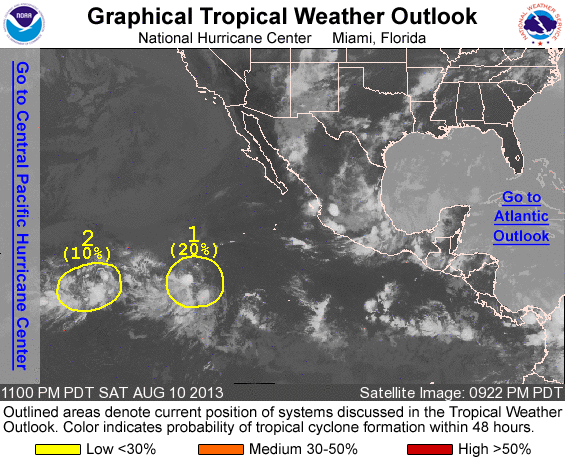
FOR THE EASTERN NORTH PACIFIC...EAST OF 140 DEGREES WEST LONGITUDE..

1. SHOWER AND THUNDERSTORM ACTIVITY REMAINS POORLY ORGANIZED IN ASSOCIATION WITH A BROAD AREA OF LOW PRESSURE CENTERED ABOUT 1000 MILES SOUTHWEST OF THE SOUTHERN TIP OF BAJA CALIFORNIA. HOWEVER... UPPER-LEVEL WINDS ARE FORECAST TO GRADUALLY BECOME MORE CONDUCIVE FOR DEVELOPMENT OVER THE NEXT FEW DAYS WHILE THE LOW MOVES WESTWARD AT 10 TO 15 MPH. THIS SYSTEM HAS A LOW CHANCE...20 PERCENT...OF BECOMING A TROPICAL CYCLONE DURING THE NEXT 48 HOURS AND A MEDIUM CHANCE...50 PERCENT...OF BECOMING A TROPICAL CYCLONE DURING THE NEXT 5 DAYS.

2. A TROUGH OF LOW PRESSURE LOCATED ABOUT 1400 MILES EAST-SOUTHEAST OF THE BIG ISLAND OF HAWAII IS PRODUCING DISORGANIZED SHOWERS AND THUNDERSTORMS. DEVELOPMENT...IF ANY...OF THIS SYSTEM IS EXPECTED TO BE SLOW TO OCCUR DURING THE NEXT FEW DAYS WHILE IT MOVES WESTWARD AT 10 TO 15 MPH. THIS SYSTEM HAS A LOW CHANCE...10 PERCENT...OF BECOMING A TROPICAL CYCLONE DURING THE NEXT 48 HOURS...AND A LOW CHANCE...20 PERCENT...OF BECOMING A TROPICAL CYCLONE DURING THE NEXT 5 DAYS.

FIVE-DAY FORMATION PROBABILITIES ARE EXPERIMENTAL IN 2013. COMMENTS ON THE EXPERIMENTAL FORECASTS CAN BE PROVIDED AT...

HTTP://WWW.NWS.NOAA.GOV/SURVEY/NWS-SURVEY.PHP?CODE=ETWO

FORECASTER BRENNAN